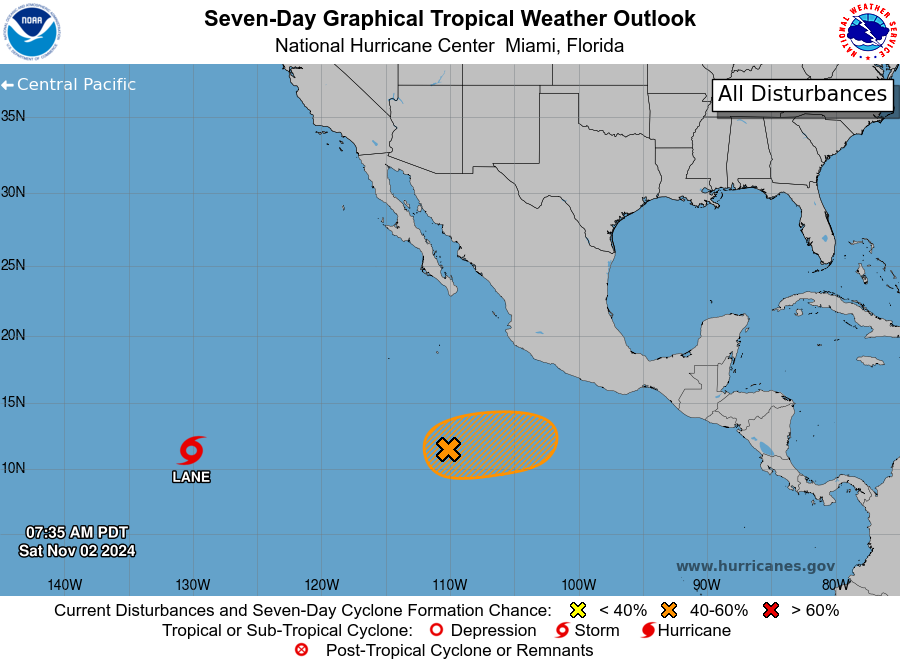
For the eastern North Pacific...east of 140 degrees west longitude:

Active Systems: The National Hurricane Center is issuing advisories on recently upgraded Tropical Storm Lane, located over the western portion of the eastern Pacific basin.

1. Southwest of Southwestern Mexico: A broad area of low pressure offshore of the southwestern coast of Mexico is producing disorganized showers and thunderstorms. Some further development of this system is possible over the next few days and a tropical depression could form during the early to middle part of next week while the system drifts generally eastward to east-northeastward.
* Formation chance through 48 hours...low...30 percent.
* Formation chance through 7 days...medium...40 percent.

Public Advisories on Tropical Storm Lane are issued under WMO header WTPZ33 KNHC and under AWIPS header MIATCPEP3. Forecast/Advisories on Tropical Storm Lane are issued under WMO header WTPZ23 KNHC and under AWIPS header MIATCMEP3.

Forecaster Kelly